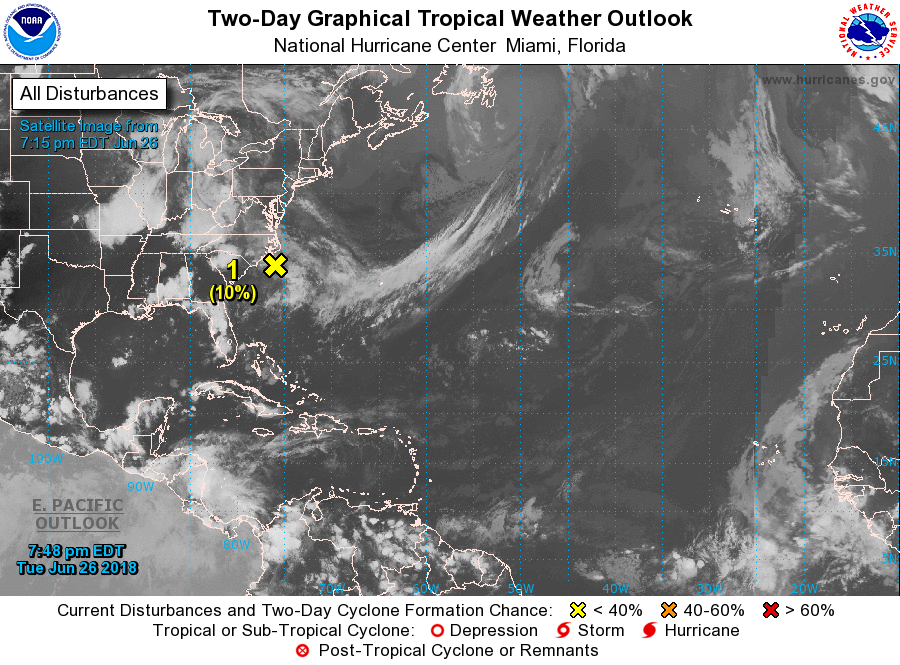
For the North Atlantic...Caribbean Sea and the Gulf of Mexico:

1. Disorganized cloudiness and thunderstorms extending from eastern North Carolina eastward over the western Atlantic are associated with a weak non-tropical area of low pressure. Environmental conditions could support some limited development of this system during the next day or two before the system moves northeastward away from the United States.
* Formation chance through 48 hours...low...10 percent.
* Formation chance through 5 days...low...10 percent.

Forecaster Brown